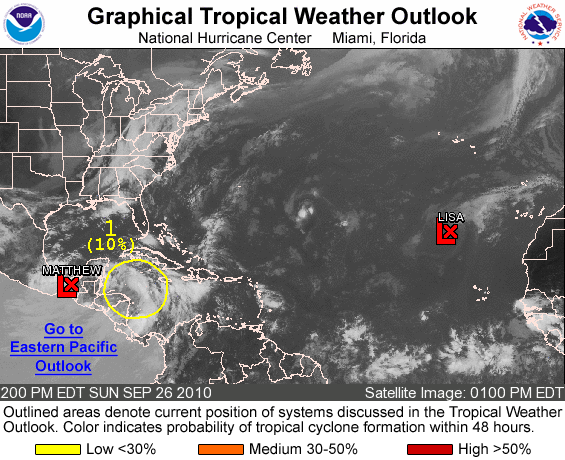
FOR THE NORTH ATLANTIC...CARIBBEAN SEA AND THE GULF OF MEXICO...

THE NATIONAL HURRICANE CENTER IS ISSUING ADVISORIES ON TROPICAL DEPRESSION LISA...LOCATED ABOUT 740 MILES NORTH-NORTHWEST OF THE CAPE VERDE ISLANDS...AND HAS ISSUED THE LAST ADVISORY ON TROPICAL DEPRESSION MATTHEW...WHICH HAS WEAKENED TO A REMNANT LOW INLAND ABOUT 40 MILES SOUTH OF VILLAHERMOSA MEXICO.

1. A VERY BROAD AREA OF LOW PRESSURE OVER THE NORTHWESTERN CARIBBEAN SEA IS PRODUCING WIDESPREAD CLOUDINESS...SHOWERS...AND THUNDERSTORMS. SOME SLOW DEVELOPMENT IS POSSIBLE DURING THE NEXT COUPLE OF DAYS AS THE LOW DRIFTS GENERALLY NORTHWARD. THERE IS A LOW CHANCE...10 PERCENT...OF THIS SYSTEM BECOMING A TROPICAL CYCLONE DURING THE NEXT 48 HOURS.

ELSEWHERE...TROPICAL CYCLONE FORMATION IS NOT EXPECTED DURING THE NEXT 48 HOURS.

FORECASTER PASCH/CANGIALOSI